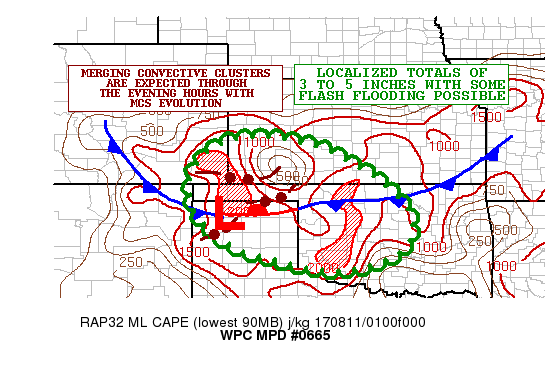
AREAS AFFECTED...FAR SOUTHEAST CO...SOUTHERN KS...WESTERN/CENTRAL
OK...TX PANHANDLE

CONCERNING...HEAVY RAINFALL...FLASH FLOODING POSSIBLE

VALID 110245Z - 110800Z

SUMMARY...STRONG THUNDERSTORMS WILL CONSOLIDATE INTO AN ORGANIZED
MCS OVERNIGHT. VERY HEAVY RAINFALL AMOUNTS ARE EXPECTED
LOCALLY...AND SOME FLASH FLOODING WILL BE POSSIBLE.

DISCUSSION...VERY COLD-TOPPED CONVECTION WITH STRONG ORGANIZED
FORCING HAS BEEN EXPANDING ACROSS FAR SOUTHEAST CO AND AND IS NOW
MOVING THROUGH SOUTHWEST KS. A ROBUST SHORTWAVE MOVING
EAST-SOUTHEAST ACROSS SOUTHEAST CO HAS BEEN INTERACTING WITH A
MODERATELY UNSTABLE AIRMASS...WITH MLCAPE VALUE OF UP TO 2500 J/KG
AND A REGION OF FOCUSED MOISTURE CONVERGENCE AROUND THE NORTH SIDE
OF A DEVELOPING WAVE OF LOW PRESSURE NEAR THE JUNCTION POINT OF
THE OK/TX PANHANDLES AND ALONG A FRONTAL ZONE DRAPING SOUTH DOWN
ACROSS THE REGION. THE CONVECTION HAS BECOME INCREASINGLY
ORGANIZED AND IS BEING AIDED BY OVER 50 KTS OF EFFECTIVE BULK
SHEAR.

GIVEN THE SHEAR PROFILES AND DEGREE OF INSTABILITY POOLED ALONG
THE FRONT...THE CONVECTION SHOULD REMAIN ORGANIZED OVER THE NEXT
FEW HOURS AS IT ADVANCES EAST-SOUTHEAST OUT ACROSS THE PLAINS WITH
ADDITIONAL IMPACTS ON SOUTHWEST KS AND DOWN ACROSS WESTERN AND
EVENTUALLY CENTRAL OK GOING PAST 06Z. PWATS ALONG THE FRONT HAVE
RISEN TO 1.5 TO 1.75 INCHES WHICH WILL BE CONDUCIVE TO ENHANCED
RAINFALL RATES THAT MAY EXCEED 2 INCHES/HR...AND ESPECIALLY GIVEN
HOW COLD SOME OF THE CONVECTIVE TOPS HAVE BEEN OF LATE.

EXPECT AS MUCH AS 3 TO 5 INCHES OF RAIN LOCALLY GIVEN THE INTENSE
RAINFALL RATES AND SOME CONCERNS OVER CELL-MERGERS. THUS SOME
FLASH FLOODING CONCERNS EXIST GOING INTO THE OVERNIGHT HOURS.